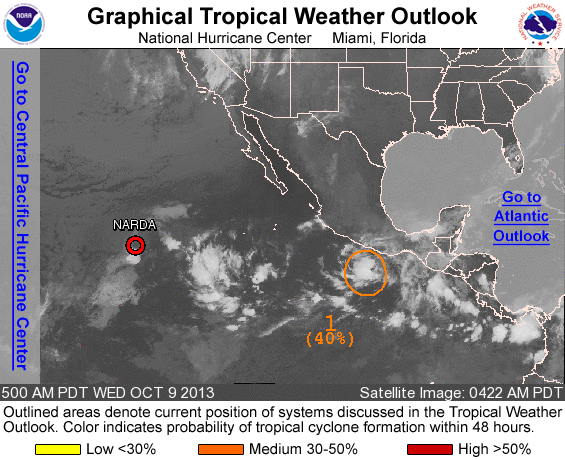
FOR THE EASTERN NORTH PACIFIC...EAST OF 140 DEGREES WEST LONGITUDE..

THE NATIONAL HURRICANE CENTER IS ISSUING ADVISORIES ON TROPICAL DEPRESSION NARDA...LOCATED WELL TO THE WEST-SOUTHWEST OF THE SOUTHERN TIP OF THE BAJA CALIFORNIA PENINSULA.

1. A TROUGH OF LOW PRESSURE LOCATED A FEW HUNDRED MILES SOUTH OF ACAPULCO MEXICO IS PRODUCING A LARGE AREA OF DISORGANIZED SHOWERS AND THUNDERSTORMS. ENVIRONMENTAL CONDITIONS ARE EXPECTED TO BE CONDUCIVE FOR DEVELOPMENT OVER THE NEXT SEVERAL DAYS...AND THIS DISTURBANCE IS EXPECTED TO BECOME A TROPICAL DEPRESSION BY THIS WEEKEND. THIS SYSTEM HAS A MEDIUM CHANCE...40 PERCENT...OF BECOMING A TROPICAL CYCLONE DURING THE NEXT 48 HOURS...AND A HIGH CHANCE...80 PERCENT...OF BECOMING A TROPICAL CYCLONE DURING THE NEXT 5 DAYS WHILE IT MOVES WEST-NORTHWESTWARD AND THEN NORTHWESTWARD AT ABOUT 10 MPH.

FIVE-DAY FORMATION PROBABILITIES ARE EXPERIMENTAL IN 2013. COMMENTS ON THE EXPERIMENTAL FORECASTS CAN BE PROVIDED AT... HTTP://WWW.NWS.NOAA.GOV/SURVEY/NWS-SURVEY.PHP?CODE=ETWO

FORECASTER BLAKE